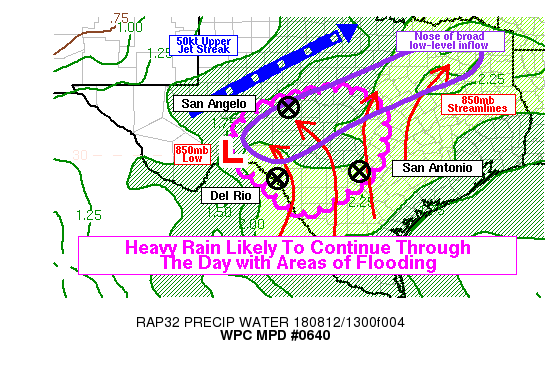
Areas affected...South-Central and Central Texas including Hill
Country

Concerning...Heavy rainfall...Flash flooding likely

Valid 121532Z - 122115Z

Summary...Areas of moderate to heavy rain with embedded
thunderstorms are likely to continue through the day in parts of
south-central and central Texas. Many parts of the region have
received heavy rainfall in recent days, so additional rain could
cause flooding. Localized heavier rainfall associated with
thunderstorms could reach rates of 2-3 in/hr with the potential
for more focused areas of flash flooding.

Discussion...The ingredients are in place for rain and
thunderstorms to persist in a somewhat tropical environment into
the afternoon hours. RAP analysis placed a 50 knot southwesterly
jet streak over northwest Texas, and the right entrance region of
that jet streak is right over south-central and central Texas. The
RAP forecast maintains a decent upper level divergence signal
through the day in the region. At the same time, the RAP also
analyzed a weak low-level cyclone near the Texas Big Bend, with
broad low-level (925-850mb) southerly inflow from the Gulf of
Mexico. The streamlines generally spread out as they approached a
deformation zone stretching from just north of Del Rio up toward
the DFW metro area. Therefore, the nose of the warm, moist
low-level inflow was favorably aligned with upper level
divergence, and in concert these features should be sufficient to
sustain rain and embedded thunderstorms through the day. The
precipitable water values are near or just over 2 inches per
satellite analysis and observations. It is worth noting the 2.16
inch PW value on the 12Z DRT sounding, with a tall, narrow CAPE
profile and melting layer around 15kft -- a favorable profile for
efficient heavy rain production.

Cloud cover was more dense in an area of steadier rain in the
northern half of the outlined area, over Texas Hill Country. This
area would be most likely to see weaker instability and a
persistence of steadier rain with embedded heavier bands through
the afternoon as it should remain relatively near the nose of the
low-level inflow. Further south, from Del Rio and Eagle Pass up
toward San Antonio, breaks in the cloud cover are more likely, and
thus greater instability may build in the afternoon hours. This
area would be most likely to see stronger convection, with higher
rain rates and an increased potential for focused flash flooding
events. 850-300mb mean winds in the same area are very weak (5-10
knots), with Corfidi vector magnitudes less than 5 knots. This
favors meandering convective clusters with the potential for
back-building and stalling. KDFX radar has already shown that this
morning, with nearly stationary storms able to produce 2-3 in/hr
rain rates. This would be likely to produce flash flooding, and
especially around the five-county area of Val Verde, Edwards,
Real, Kinney and Uvalde, which have already seen numerous
locations receive 2-3 inches of rain in recent days. Therefore,
significant flash flooding is possible if a thunderstorm sits in
such an area, and significant flooding stranding people in trees
and on vehicles was recently reported from western Uvalde County
near the Nueces River.

A Moderate Risk of Excessive Rainfall remains in effect on the Day
1 ERO for much of this region, and people in the area should be
prepared to respond quickly to any flooding that develops.